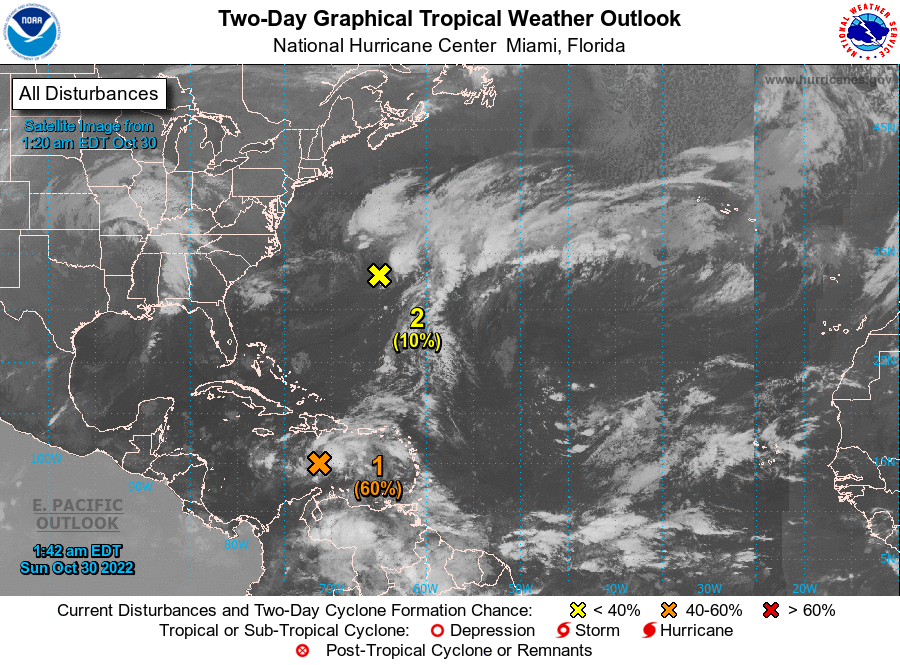
For the North Atlantic...Caribbean Sea and the Gulf of Mexico:

1. Central Caribbean: A broad area of low pressure over the central Caribbean Sea continues to produce disorganized showers and thunderstorms. Environmental conditions are forecast to be conducive for gradual development over the next few days, and a tropical depression is likely to form by early next week while the disturbance moves west-northwestward at 10 to 15 mph over the central Caribbean Sea. Interests in Jamaica should monitor the progress of this system. NOAA and Air Force Reserve Hurricane Hunter aircraft are scheduled to investigate the disturbance later today, if necessary. Regardless of development, locally heavy rainfall is possible over portions of the Lesser Antilles, the Virgin Islands, Puerto Rico, Hispaniola, and Jamaica for the next couple of days.
* Formation chance through 48 hours...medium...60 percent.
* Formation chance through 5 days...high...70 percent.

2. Western Atlantic: A low pressure area located about 60 miles north of Bermuda is producing limited shower and thunderstorm activity to the northeast of the center as it continues to interact with a nearby frontal zone. Upper-level winds are increasing over the system, and the low is forecast to merge with the front later today as it moves generally eastward. Subtropical development of this system appears to be unlikely.
* Formation chance through 48 hours...low...10 percent.
* Formation chance through 5 days...low...10 percent.

Forecaster Pasch